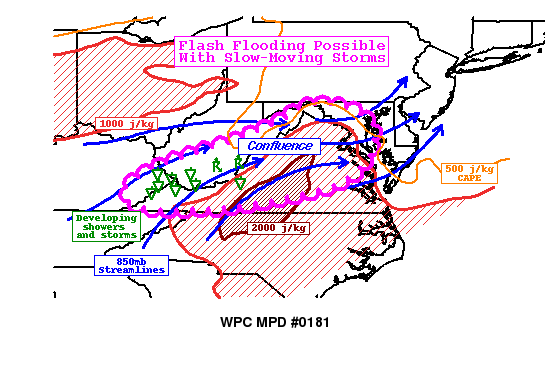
AREAS AFFECTED...SRN/ERN WV...FAR ERN
KY...VIRGINIA...MARYLAND...DC

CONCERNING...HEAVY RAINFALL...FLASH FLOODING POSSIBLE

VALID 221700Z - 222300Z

SUMMARY...SLOW-MOVING SHOWERS AND THUNDERSTORMS WILL GRADUALLY
PUSH EAST ACROSS PORTIONS OF THE MID-ATLANTIC AND WILL POSE A
THREAT FOR FLASH FLOODING. HOURLY RAIN RATES MAY REACH 1-2 IN/HR
WITH LOCALIZED TOTALS AS HIGH AS 3-5 INCHES.

DISCUSSION...REGIONAL RADARS AND GOES-16 VISIBLE SATELLITE SHOW A
CONSIDERABLE UPWARD TREND IN CONVECTIVE ACTIVITY (BOTH INTENSITY
AND COVERAGE) BETWEEN 1530Z AND 17Z FROM PORTIONS OF KENTUCKY AND
TENNESSEE EAST-NORTHEAST INTO SRN WEST VIRGINIA AND WRN VIRGINIA.
THESE SHOWERS AND STORMS WERE DEVELOPING IN A BROAD AREA OF
LOW-LEVEL CONFLUENCE AS INSOLATION LEADS TO INCREASING INSTABILITY
AND SOME AREAS APPROACHING THEIR CONVECTIVE TEMPERATURES. HI-RES
MODELS SHOW SOME VARIABILITY IN THE EVOLUTION AND PROGRESSION OF
THIS CONVECTION...BUT IN GENERAL SHOW IT MOVING FROM AREAS OF
HIGHER TERRAIN EARLY THIS AFTERNOON INTO THE MORE UNSTABLE AIR
MASS SITUATED OVER VIRGINIA AND ADJACENT PORTIONS OF MARYLAND. RAP
ANALYZED CAPE VALUES WERE MORE LIMITED (AROUND 500-1000 J/KG) OVER
THE MOUNTAINS OF WEST VIRGINIA...BUT INCREASED TO OVER 2000 J/KG
OVER CENTRAL VIRGINIA. AS CONVECTION PROGRESSES TO THE EAST...THE
COMBINATION OF MODERATE-STRONG INSTABILITY AND EFFECTIVE BULK
SHEAR AROUND 20 KNOTS SHOULD BE SUFFICIENT FOR INCREASINGLY
ORGANIZED MULTICELL CLUSTERS AND THE POTENTIAL FOR TRAINING AND/OR
INCREASED RESIDENCE TIME OF HEAVY RAINFALL.

THE NATIONAL WATER MODEL ANALYSIS AND USGS HISTORICAL STREAMFLOW
ANALYSIS SHOWS VERY ELEVATED STREAMFLOW ACROSS MUCH OF THE
OUTLINED AREA...PARTICULARLY ERN WEST VIRGINIA AND WRN/CTRL
VIRGINIA. MANY STREAMS ARE EXPERIENCING FLOWS ABOVE THE 95TH
PERCENTILE...AND MUCH OF THE SAME AREA HAS SEEN OVER 200 PERCENT
OF NORMAL RAINFALL OVER THE PAST TWO WEEKS. THEREFORE...ANTECEDENT
CONDITIONS ARE MORE FAVORABLE THAN NORMAL FOR EXCESSIVE RUNOFF
FROM HEAVY RAIN AND SHOULD PROMOTE A FLASH FLOOD THREAT WITH ANY
SLOW-MOVING STORMS TODAY.

HI-RES MODELS SUPPORT A RISK OF RAIN RATES AS HIGH AS 2
IN/HR...AND THIS WOULD BE SUPPORTED BY AN ENVIRONMENT WITH
PRECIPITABLE WATER VALUES OVER 1.5 INCHES (ABOVE THE 90TH
PERCENTILE FOR MAY) AND EXPECTED STORM MOTIONS SLOWER THAN 20
KNOTS.